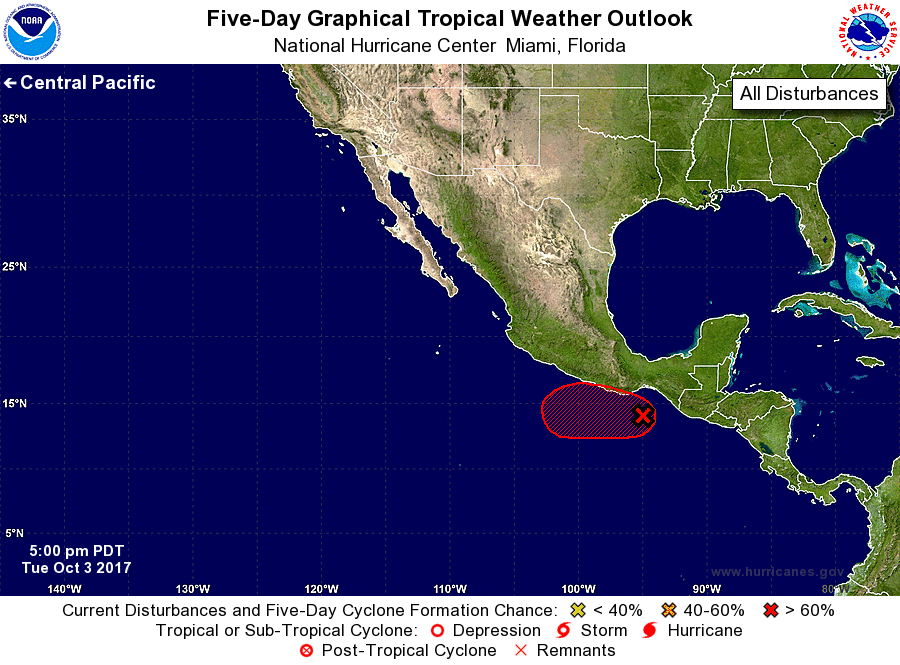
For the eastern North Pacific...east of 140 degrees west longitude:

1. An area of low pressure located just south of the Gulf of Tehuantepec is continuing to produce disorganized showers and thunderstorms. Satellite imagery indicates that the low-level circulation associated with this system has become better defined during the day today. Although the environment is not expected to support significant development for the next few days, only a small increase in the organization of shower and thunderstorm activity would result in the formation of a tropical depression while the system moves slowly toward the west or west-northwest.
* Formation chance through 48 hours...high...70 percent.
* Formation chance through 5 days...high...80 percent.

Forecaster Zelinsky